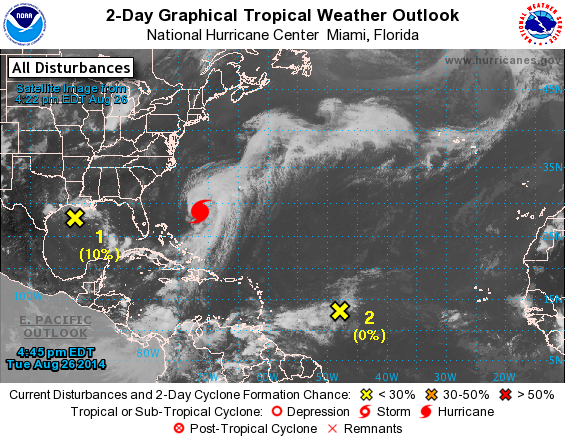
For the North Atlantic...Caribbean Sea and the Gulf of Mexico:

The National Hurricane Center is issuing advisories on Hurricane Cristobal, located several hundred miles southwest of Bermuda.

1. Disorganized showers and thunderstorms over the northern Gulf of Mexico are associated with a trough of low pressure moving slowly west-southwestward. Upper-level winds are not expected to be conducive for significant development before the system moves inland in a couple of days.
* Formation chance through 48 hours...low...10 percent.
* Formation chance through 5 days...low...10 percent.

2. A tropical wave located about 850 miles east of the Lesser Antilles continues to produce a large area of disorganized showers and thunderstorms. Environmental conditions are not expected to be favorable for significant development during the next couple of days, but could become slightly more conducive by the end of the week or this weekend while the system moves west-northwestward at about 15 mph.
* Formation chance through 48 hours...low...near 0 percent.
* Formation chance through 5 days...low...20 percent.

3. A tropical wave is forecast to move off the west coast of Africa late this week. Conditions appear to be favorable for some development thereafter while the system moves westward at 10 to 15 mph across the eastern Atlantic.
* Formation chance through 48 hours...low...near 0 percent.
* Formation chance through 5 days...medium...40 percent.

Forecaster Blake